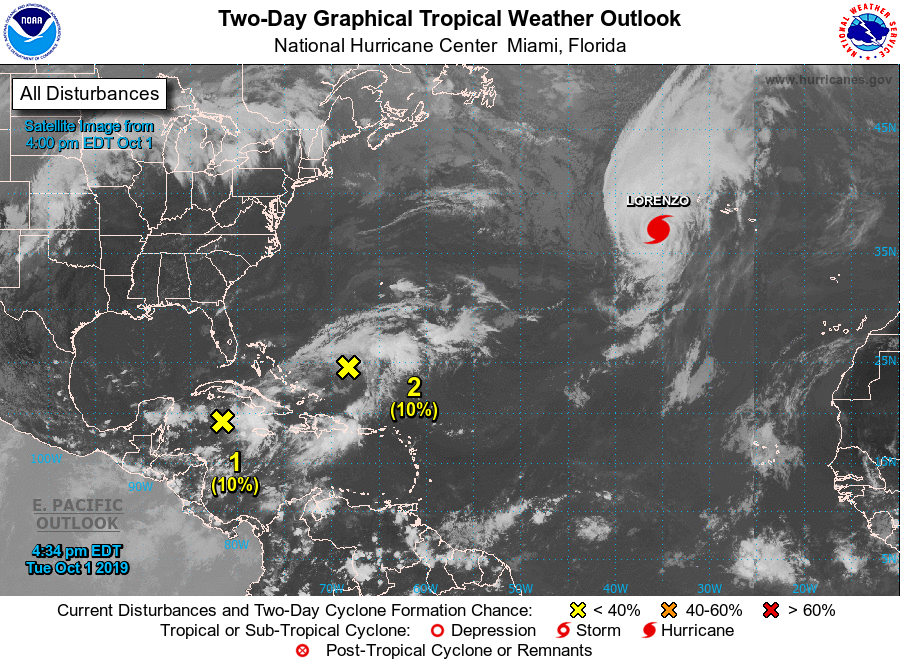
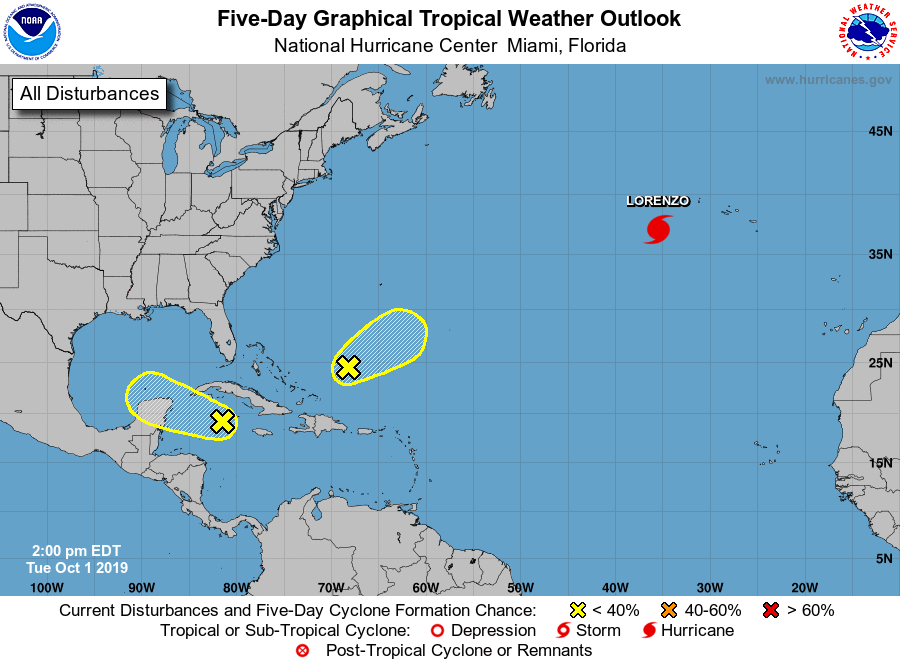
For the North Atlantic...Caribbean Sea and the Gulf of Mexico:

The National Hurricane Center is issuing advisories on Hurricane Lorenzo, located several hundred miles southwest of the western Azores.

1. A broad area of low pressure located over the northwestern Caribbean Sea continues to produce disorganized showers and thunderstorms. Any development of this system is expected to be slow to occur while it moves to the west-northwest near the Yucatan peninsula in a couple of days, and over the southern Gulf of Mexico by Friday.
* Formation chance through 48 hours...low...10 percent.
* Formation chance through 5 days...low...10 percent.

2. Disorganized cloudiness and showers that extend from the southeastern Bahamas northeastward across the western Atlantic for several hundred miles are associated with a surface trough. Development of this system, if any, is expected to be slow to occur while it moves to the northeast at 5 to 10 mph, well south and east of Bermuda.
* Formation chance through 48 hours...low...10 percent.
* Formation chance through 5 days...low...10 percent.

Forecaster Zelinsky